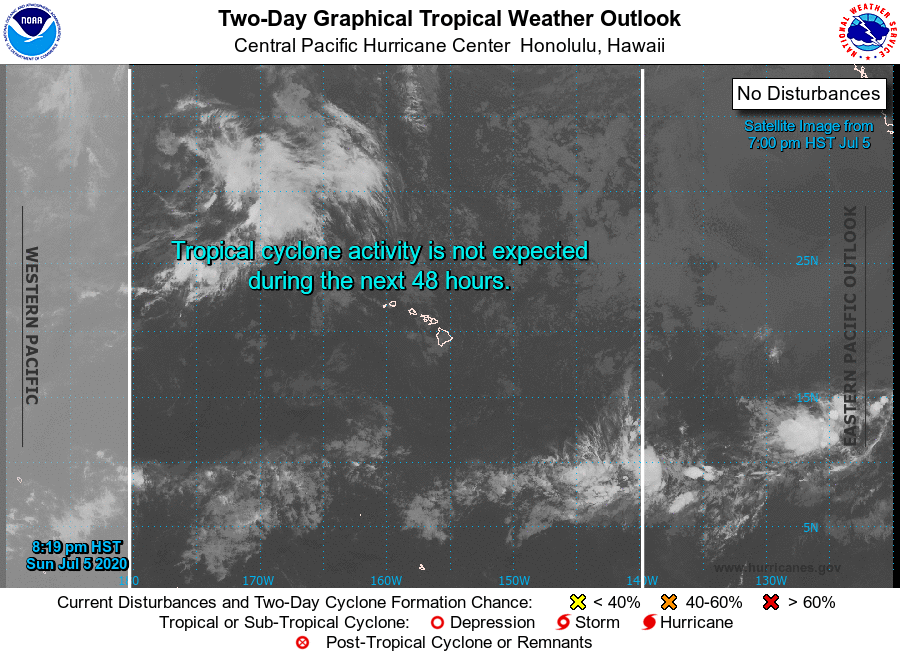
For the central North Pacific...between 140W and 180W:

1. A weak area of low pressure is located far southeast of the Big Island of Hawaii. Environmental conditions may become conducive for development later in the week while it moves westward.
* Formation chance through 48 hours...low...near 0 percent.
* Formation chance through 5 days...low...20 percent.

Elsewhere, no tropical cyclones are expected during the next 5 days.

Forecaster Morrison